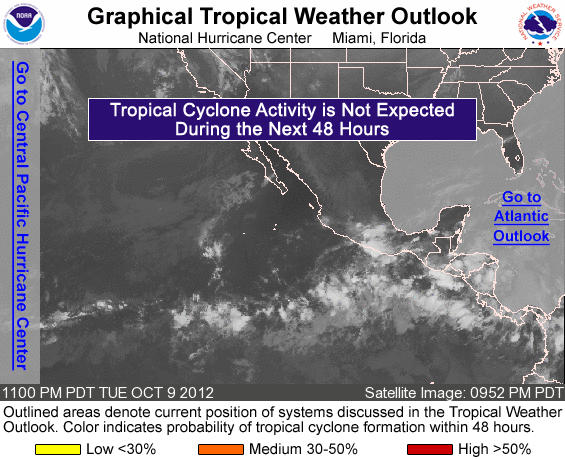
FOR THE EASTERN NORTH PACIFIC...EAST OF 140 DEGREES WEST LONGITUDE..

TROPICAL CYCLONE FORMATION IS NOT EXPECTED DURING THE NEXT 48 HOURS.

FORECASTER KIMBERLAIN